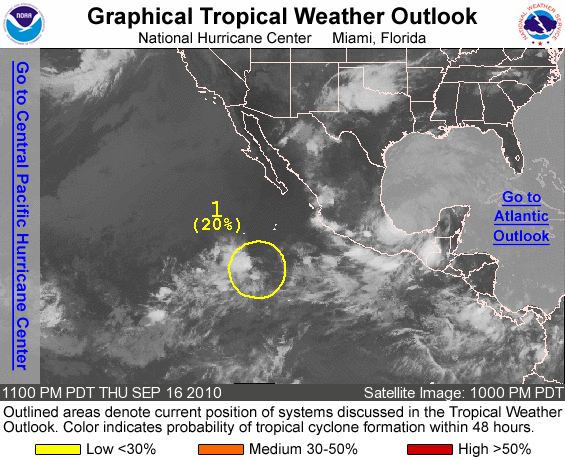
FOR THE EASTERN NORTH PACIFIC...EAST OF 140 DEGREES WEST LONGITUDE..

1. SHOWERS AND THUNDERSTORMS REMAIN DISORGANIZED IN ASSOCIATION WITH A BROAD AREA OF LOW PRESSURE LOCATED ABOUT 700 MILES SOUTHWEST OF MANZANILLO MEXICO. ANY DEVELOPMENT OF THIS SYSTEM IS EXPECTED TO BE SLOW TO OCCUR DURING THE NEXT COUPLE OF DAYS AS IT REMAINS NEARLY STATIONARY. THERE IS A LOW CHANCE...20 PERCENT...OF THIS SYSTEM BECOMING A TROPICAL CYCLONE DURING THE NEXT 48 HOURS.

ELSEWHERE...TROPICAL CYCLONE FORMATION IS NOT EXPECTED DURING THE NEXT 48 HOURS.

FORECASTER BRENNAN